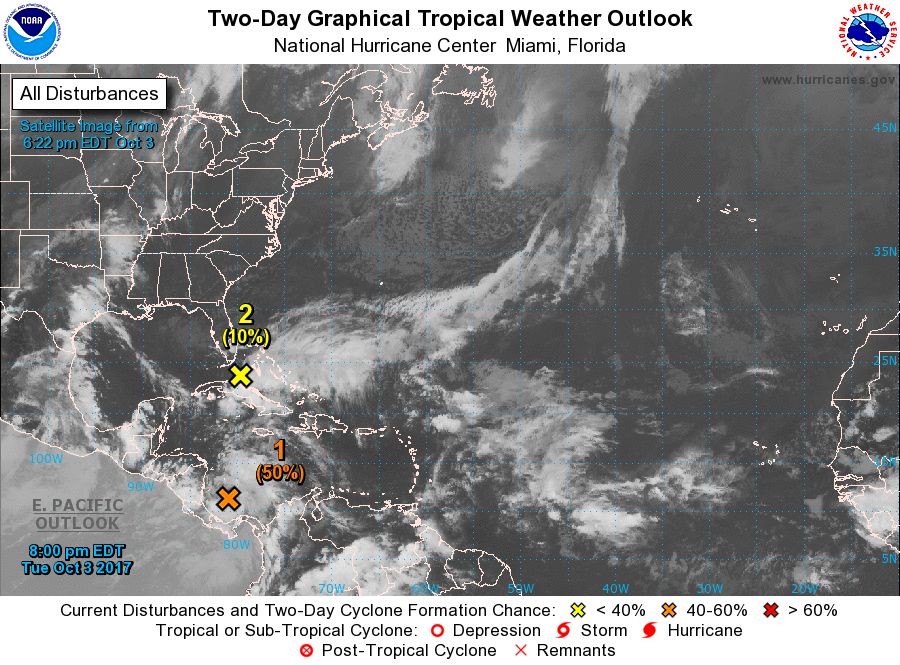
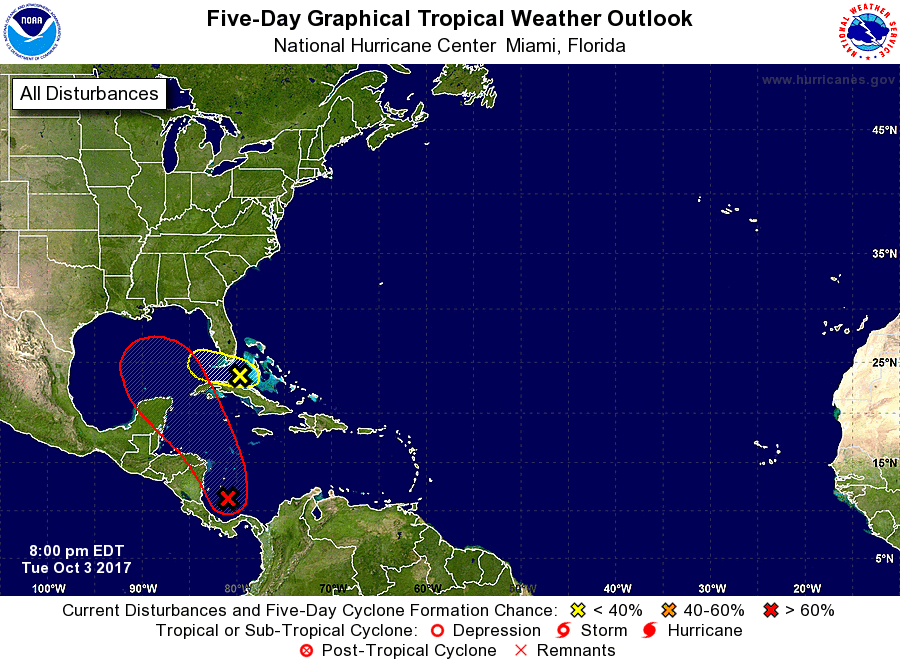
For the North Atlantic...Caribbean Sea and the Gulf of Mexico:

1. Shower and thunderstorm activity in association with the broad area of low pressure located over the southwestern Caribbean Sea is beginning to show some signs of organization. Environmental conditions are forecast to steadily become more conducive for development, and this system is expected to become a tropical depression within the next few days. The large disturbance should move slowly northwestward to northward across or near the eastern portions of Nicaragua and Honduras, move into the northwestern Caribbean Sea on Thursday or Friday, and emerge over the southern Gulf of Mexico by the weekend. Interests in Nicaragua and Honduras should monitor the progress of this system over the next couple of days. An Air Force Reserve reconnaissance aircraft is scheduled to investigate the disturbance Wednesday afternoon, if necessary. Regardless of development, this system will likely produce heavy rains over portions of Central America during the next few days.
* Formation chance through 48 hours...medium...50 percent.
* Formation chance through 5 days...high...70 percent.

2. A trough of low pressure located over central Cuba and extending northward into the Straits of Florida is producing a broad area of disorganized showers and thunderstorms across the southern peninsula of Florida, the northwestern Bahamas, and the adjacent Atlantic waters. Reports from land stations along the southeastern Florida coast, in the northwestern Bahamas, and from nearby ships, indicate that wind gusts of 40 to 50 mph have been occurring in some of the heavier showers. Although significant development of this system is not expected due to strong upper-level winds, brief squalls will likely produce locally heavy rainfall and strong gusty winds over portions of the Bahamas and the southern Florida peninsula during the next couple of days.
* Formation chance through 48 hours...low...10 percent.
* Formation chance through 5 days...low...10 percent.

Forecaster Stewart